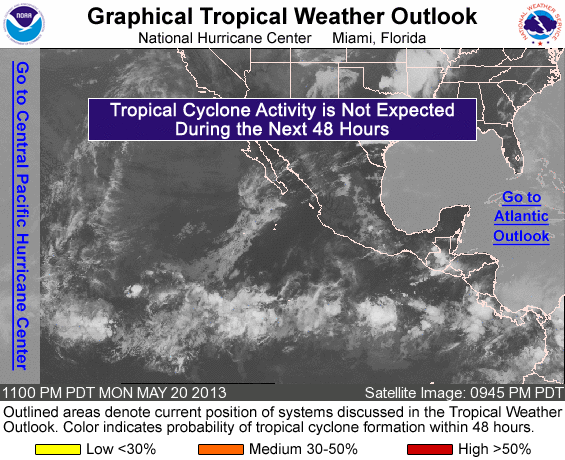
FOR THE EASTERN NORTH PACIFIC...EAST OF 140 DEGREES WEST LONGITUDE..

TROPICAL CYCLONE FORMATION IS NOT EXPECTED DURING THE NEXT 48 HOURS.

FORECASTER CANGIALOSI